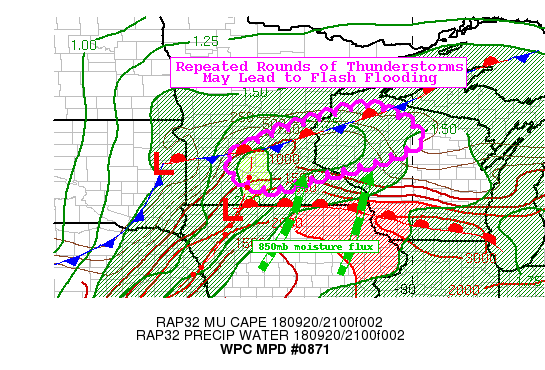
Areas affected...Southern MN into West Central WI

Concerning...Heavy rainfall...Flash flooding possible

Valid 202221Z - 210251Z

SUMMARY...A line of thunderstorms producing 1-2"/hr rates will
track across portions of southern Minnesota into west-central
Wisconsin over an area of low FFG which may lead to flash
flooding, particularly in urban centers.

DISCUSSION...A warm front was analyzed generally along the
Iowa/Minnesota border drifting northward while a deepening surface
low tracked into southwest Minnesota. MUCAPE values of 1000 to
2000 J/kg were across southern Minnesota in line with an area of
strong 850mb moisture transport. Recent radar imagery from FSD and
MPX showed pockets of 1 to 2 inch per hour rates developing in an
increasingly organized line of convection. This is all moving
across an area of low FFG values due to repeated rounds of heavy
rainfall.

Latest runs of the HRRR and other CAMs suggest this convection
will track across south-central MN into west-central WI over the
next several hours, likely across the Minneapolis-St. Paul metro
area which picked up from 1 to locally 2 inches earlier this
afternoon. An additional 1 to 2 inches with locally higher amounts
appears possible through early this evening. As such, flash
flooding is possible due to the intense rainfall rates and
additional totals of 1-3 inches.